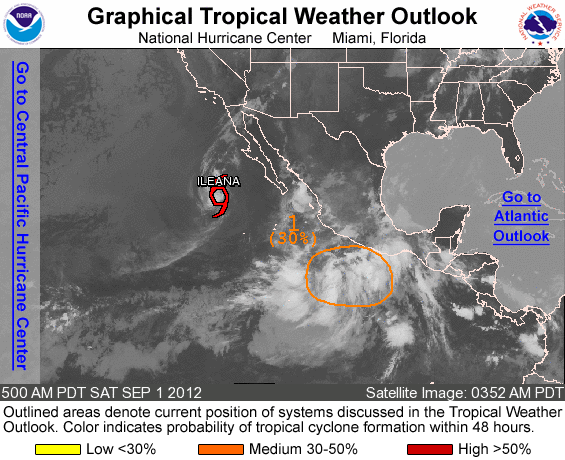
FOR THE EASTERN NORTH PACIFIC...EAST OF 140 DEGREES WEST LONGITUDE..

THE NATIONAL HURRICANE CENTER IS ISSUING ADVISORIES ON TROPICAL STORM ILEANA...LOCATED ABOUT 510 MILES WEST OF THE SOUTHERN TIP OF BAJA CALIFORNIA.

1. SHOWERS AND THUNDERSTORMS REMAIN DISORGANIZED IN ASSOCIATION WITH A BROAD AREA OF LOW PRESSURE LOCATED SEVERAL HUNDRED MILES OFF THE COAST OF SOUTHERN MEXICO. UPPER-LEVEL WINDS ARE MARGINALLY CONDUCIVE FOR GRADUAL DEVELOPMENT OF THIS SYSTEM DURING THE NEXT COUPLE OF DAYS AS IT MOVES WEST-NORTHWESTWARD AT AROUND 15 MPH. THIS SYSTEM HAS A MEDIUM CHANCE...30 PERCENT...OF BECOMING A TROPICAL CYCLONE DURING THE NEXT 48 HOURS.

ELSEWHERE...TROPICAL CYCLONE FORMATION IS NOT EXPECTED DURING THE NEXT 48 HOURS.

FORECASTER BRENNAN